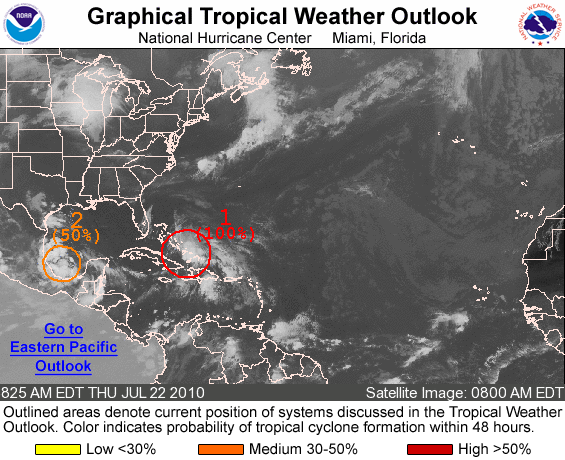
FOR THE NORTH ATLANTIC...CARIBBEAN SEA AND THE GULF OF MEXICO...

SPECIAL OUTLOOK ISSUED TO UPDATE THE DISTURBANCE IN THE SOUTHEAST BAHAMAS.

1. VISIBLE SATELLITE IMAGES AND OBSERVATIONS FROM THE BAHAMAS INDICATE THAT THE AREA OF LOW PRESSURE IN THE SOUTHEASTERN BAHAMAS HAS BECOME BETTER ORGANIZED AND A CLOSED CIRCULATION HAS FORMED. ADVISORIES ON A TROPICAL DEPRESSION OR A TROPICAL STORM WILL BE INITIATED AT 11 AM EDT...1500 UTC TODAY. THIS ADVISORY WILL LIKELY INCLUDE TROPICAL STORM WATCHES AND WARNINGS FOR PORTIONS OF THE BAHAMAS AND SOUTHERN FLORIDA.

2. AN AREA OF SHOWERS AND THUNDERSTORMS ASSOCIATED WITH A BROAD AREA OF LOW PRESSURE IN THE BAY OF CAMPECHE CONTINUES TO SHOW SIGNS OF ORGANIZATION. ENVIRONMENTAL CONDITIONS APPEAR TO BE CONDUCIVE FOR SOME DEVELOPMENT OF THE LOW AS IT MOVES WESTWARD OR WEST- NORTHWESTWARD AT 10 TO 15 MPH. THERE IS A MEDIUM CHANCE...50 PERCENT...OF THIS SYSTEM BECOMING A TROPICAL CYCLONE BEFORE IT REACHES THE COAST OF MEXICO IN A DAY OR TWO.

ELSEWHERE...TROPICAL CYCLONE FORMATION IS NOT EXPECTED DURING THE NEXT 48 HOURS.

FORECASTER AVILA/ROBERTS